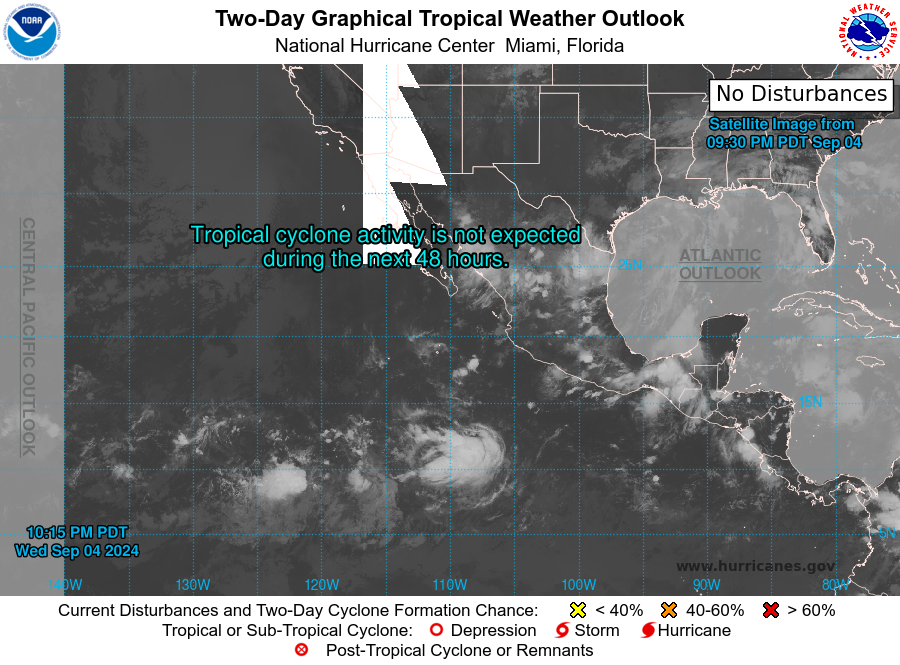
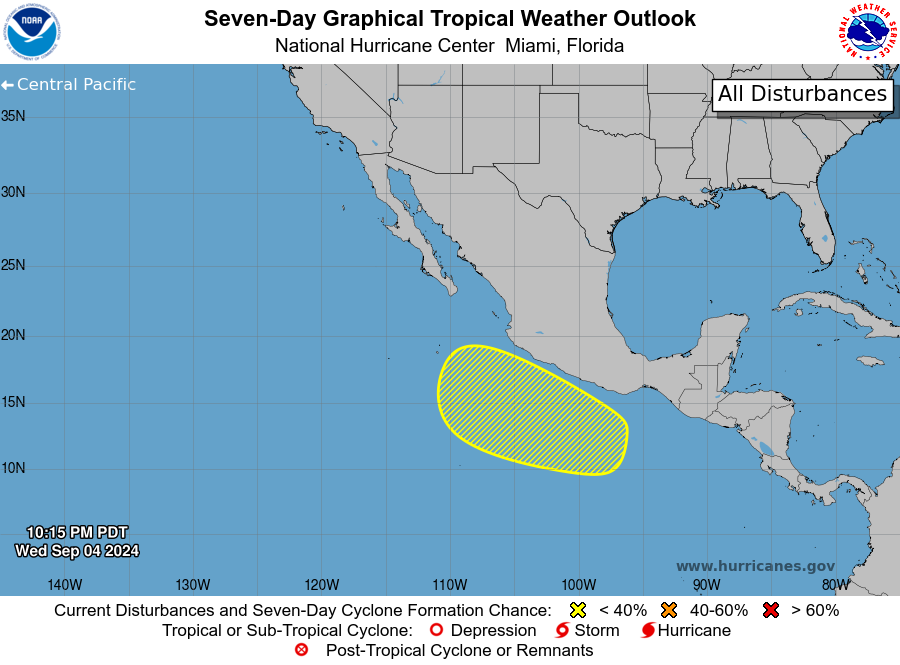
For the eastern North Pacific...east of 140 degrees west longitude:

1. Offshore of Southwestern Mexico: A broad area of low pressure is forecast to form early next week off the coast of southern Mexico. Environmental conditions could support some gradual development of this system thereafter while it moves generally west-northwestward, roughly parallel to the coast of southwestern Mexico.
* Formation chance through 48 hours...low...near 0 percent.
* Formation chance through 7 days...low...20 percent.

Forecaster Reinhart